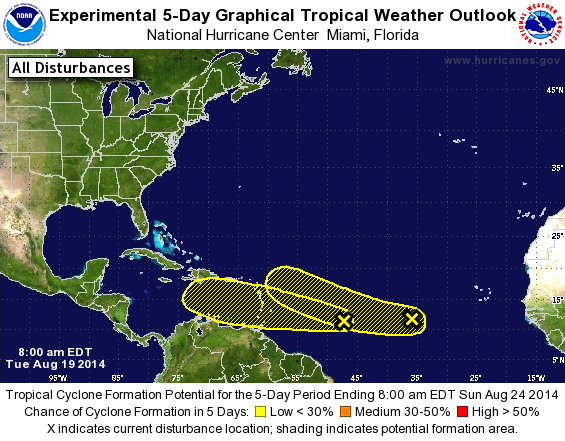
For the North Atlantic...Caribbean Sea and the Gulf of Mexico:

1. A weak area of low pressure located about 1000 miles east of the Lesser Antilles is producing disorganized shower and thunderstorm activity. Some slow development of this system is possible later this week as it approaches the Lesser Antilles and moves into the Caribbean Sea.
* Formation chance through 48 hours...low...10 percent.
* Formation chance through 5 days...low...20 percent.

2. A tropical wave located about midway between the west coast of Africa and the Lesser Antilles is producing disorganized showers and thunderstorms. Some slow development of this system is possible over the next several days while it moves toward the west-northwest at about 10 mph.
* Formation chance through 48 hours...low...10 percent.
* Formation chance through 5 days...low...20 percent.

Forecaster Brennan